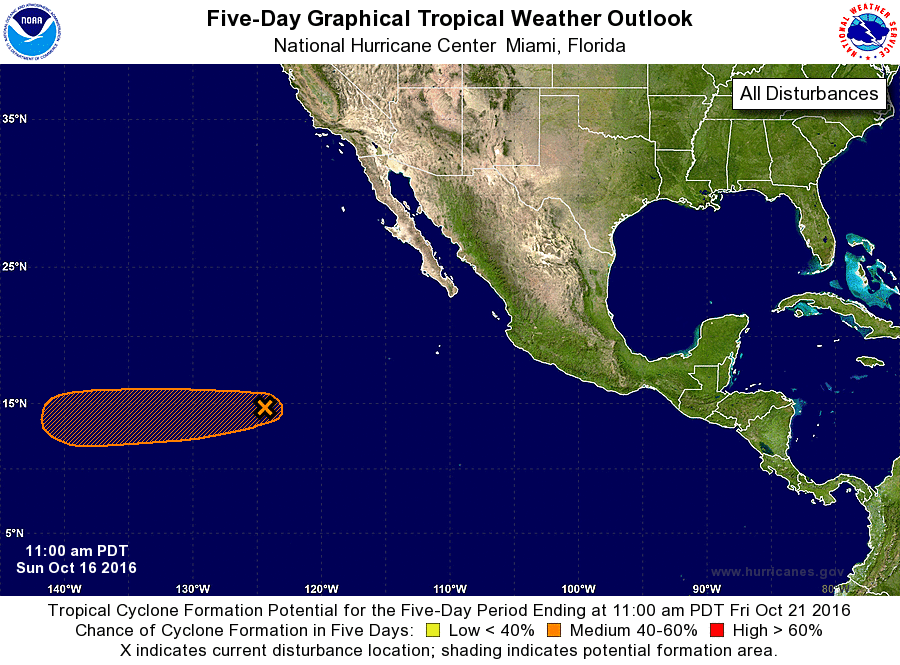
For the eastern North Pacific...east of 140 degrees west longitude:

1. Shower activity associated with a broad area of low pressure located more than 1000 miles southwest of the southern tip of the Baja California peninsula has changed little in organization since yesterday. Some gradual development of this system is still possible, and a tropical depression could form during the next few days while the disturbance moves generally westward at 10 to 15 mph.
* Formation chance through 48 hours...medium...40 percent
* Formation chance through 5 days...medium...60 percent

Forecaster Cangialosi